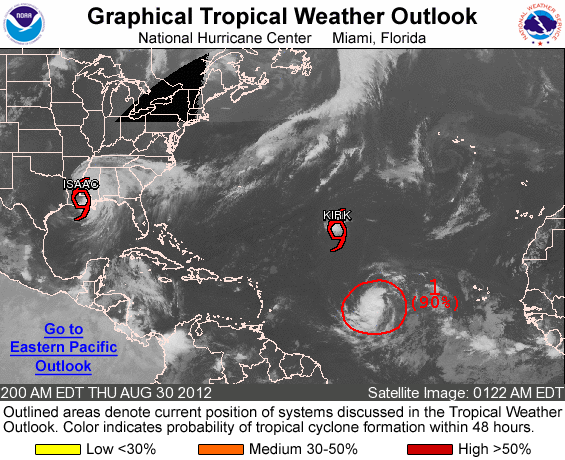
FOR THE NORTH ATLANTIC...CARIBBEAN SEA AND THE GULF OF MEXICO...

THE NATIONAL HURRICANE CENTER IS ISSUING ADVISORIES ON TROPICAL STORM ISAAC...LOCATED INLAND NEAR BATON ROUGE LOUISIANA...AND ON TROPICAL STORM KIRK...LOCATED ABOUT 1495 MILES WEST-SOUTHWEST OF THE AZORES.

1. SATELLITE IMAGES INDICATE THAT A TROPICAL DEPRESSION COULD BE FORMING OVER THE CENTRAL ATLANTIC OCEAN ABOUT 1000 MILES WEST OF THE CAPE VERDE ISLANDS. IF THIS TREND CONTINUES...ADVISORIES COULD BE INITIATED LATER TODAY. THIS SYSTEM HAS A HIGH CHANCE...90 PERCENT...OF BECOMING A TROPICAL CYCLONE DURING THE NEXT 48 HOURS AS IT MOVES WEST-NORTHWESTWARD AT 15 TO 20 MPH.

ELSEWHERE...TROPICAL CYCLONE FORMATION IS NOT EXPECTED DURING THE NEXT 48 HOURS.

FORECASTER BERG